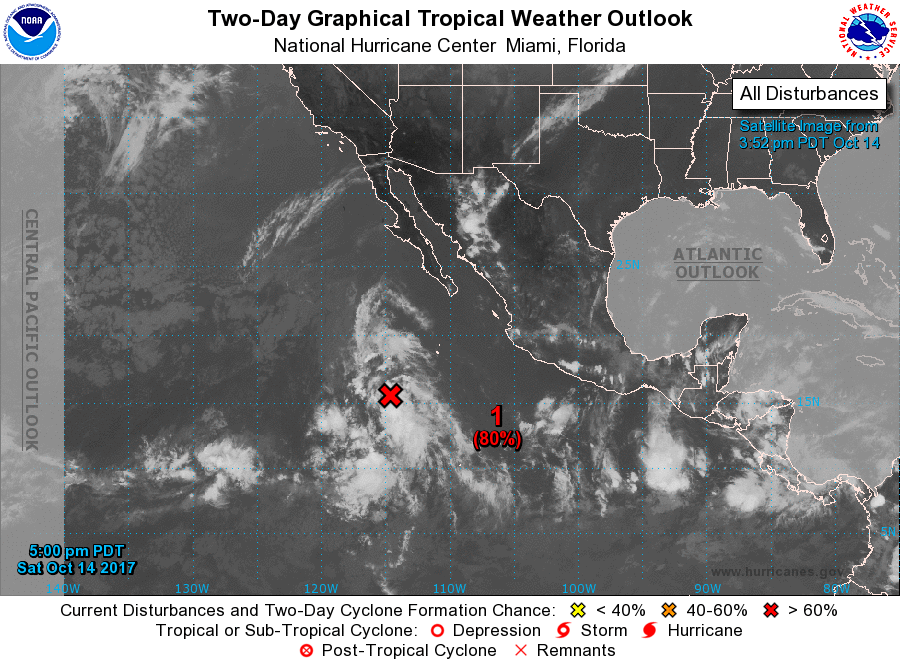
For the eastern North Pacific...east of 140 degrees west longitude:

1. The low pressure system located several hundred miles southwest of the southern tip of the Baja California peninsula continues to become better defined. Environmental conditions appear conducive for additional development and a tropical depression is likely to form during the next day or two while the low moves toward the west-northwest or northwest at 10 to 15 mph.
* Formation chance through 48 hours...high...80 percent.
* Formation chance through 5 days...high...80 percent.

Forecaster Roberts